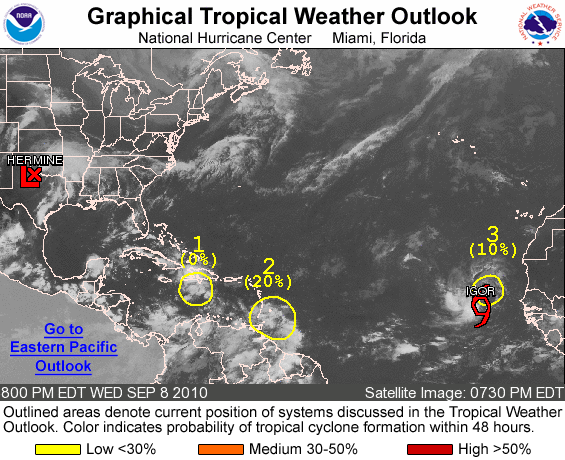
FOR THE NORTH ATLANTIC...CARIBBEAN SEA AND THE GULF OF MEXICO...

THE NATIONAL HURRICANE CENTER IS ISSUING ADVISORIES ON TROPICAL STORM IGOR...LOCATED ABOUT 70 MILES SOUTH-SOUTHEAST OF SAO FILIPE IN THE CAPE VERDE ISLANDS.

THE HYDROMETEOROLOGICAL PREDICTION CENTER IS ISSUING PUBLIC ADVISORIES ON TROPICAL DEPRESSION HERMINE...CURRENTLY LOCATED INLAND ABOUT 135 MILES SOUTHWEST OF OKLAHOMA CITY OKLAHOMA.

1. THE REMNANTS OF GASTON...LOCATED SOUTH OF HISPANIOLA...ARE PRODUCING DISORGANIZED SHOWER AND THUNDERSTORM ACTIVITY. DEVELOPMENT OF THIS SYSTEM IS NOT EXPECTED AS IT MOVES WESTWARD OR WEST-SOUTHWESTWARD AT 10 TO 15 MPH. THERE IS A LOW CHANCE...NEAR 0 PERCENT...OF THIS SYSTEM BECOMING A TROPICAL CYCLONE AGAIN DURING THE NEXT 48 HOURS.

2. SHOWERS AND THUNDERSTORMS IN THE VICINITY OF THE WINDWARD ISLANDS AND EXTENDING EASTWARD INTO THE ATLANTIC OCEAN FOR A FEW HUNDRED MILES ARE ASSOCIATED WITH A WEAK LOW PRESSURE SYSTEM. ENVIRONMENTAL CONDITIONS APPEAR CONDUCIVE FOR SOME SLOW DEVELOPMENT AS IT MOVES LITTLE. THERE IS A LOW CHANCE...20 PERCENT...OF THIS SYSTEM BECOMING A TROPICAL CYCLONE DURING THE NEXT 48 HOURS.

3. A WEAK LOW PRESSURE SYSTEM IS LOCATED NEAR THE NORTHEASTERN CAPE VERDE ISLANDS. THIS LOW IS EXPECTED TO MOVE WESTWARD AND BECOME ABSORBED BY TROPICAL STORM IGOR DURING THE NEXT DAY OR TWO. THERE IS A LOW CHANCE...10 PERCENT...OF THIS SYSTEM BECOMING A TROPICAL CYCLONE DURING THE NEXT 48 HOURS.

ELSEWHERE...TROPICAL CYCLONE FORMATION IS NOT EXPECTED DURING THE NEXT 48 HOURS.

PUBLIC ADVISORIES ON IGOR ARE ISSUED UNDER WMO HEADER WTNT31 KNHC AND UNDER AWIPS HEADER MIATCPAT1. FORECAST/ADVISORIES ON IGOR ARE ISSUED UNDER WMO HEADER WTNT21 KNHC AND UNDER AWIPS HEADER MIATCMAT1.

FORECASTER STEWART/MUSHER